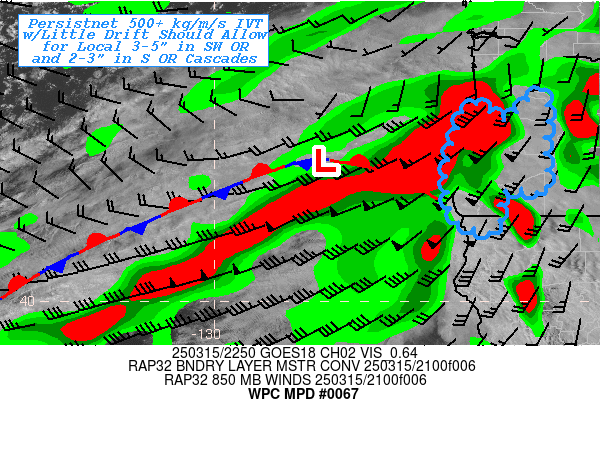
Areas affected...Southwest Oregon...Far Northwest CA...

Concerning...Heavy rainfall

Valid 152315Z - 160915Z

SUMMARY...Persistent solid, relatively unwavering moist onshore
flow to bring average .25"/hr & up to .5"/hr rates; resulting in
localized totals of 4-5" in Coastal Range of SW Oregon and 2-3"
across lower slopes of southern Oregon Cascades.

DISCUSSION...GOES-W WV suite shows classically anti-cyclonically
curved strong upper-level jet with axis starting to near the
Oregon coast in the next hour or so.  A highly sheared
vorticity/shortwave center along the northwest edge of the axis
will slide northeast into WA and leading nose of enhanced low to
mid-level moisture plume will reach the south-central to southwest
Oregon coastline.  Winds will veer to SWly and increase from
40/45kts to 50-60kts by 03z.  Visible imagery loop shows moisture
axis as well defined mid-level clouds with a line of enhanced, but
still shallow verticality that extends from near the ridge apex at
126W to 39N136.5W and 35.5N141W aligned with both the enhanced
moisture and surface to boundary layer convergence/confluence
axis.  Very slow eastward advancement of the axis will retain
consistency in placement between N Coos to S Curry county in
Oregon for the next 9-12hrs. IVT values of average of 500 will
peak toward 750 kg/m/s throughout the late evening into early
morning hours.  Combine this with favored orographic ascent will
allow for current .15-.25"/hr rates to increase to .33" to
occasionally .5"/hr rates in the SW OR boreal rain forest for that
duration.

This should result in localized 4-5" totals across SW Oregon,
while downstream, the moisture will be slightly reduced having
wrung out on the Coastal Range, but rates of .25-.33"/hr across
the Southern Oregon Cascades may allow for spots of 2-3" totals by
12z.  This will be fairly focused and solid, given the location is
fairly accepting of these rainfall totals, increased run-off
should feed rivers but not likely result in rapid
run-off/inundation. As such, will leave this Atmospheric River as
Heavy Rainfall tag at this time.